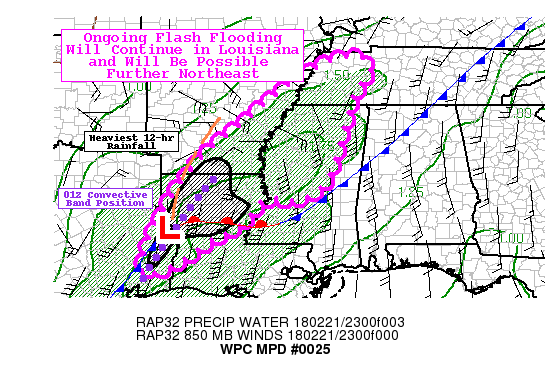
AREAS AFFECTED...NRN/CTRL LA...FAR ERN TX...NRN MS...SERN AR...WRN
TN

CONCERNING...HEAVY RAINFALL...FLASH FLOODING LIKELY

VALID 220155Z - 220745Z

SUMMARY...ONGOING FLASH FLOODING IS LIKELY TO CONTINUE IN PARTS OF
NORTHERN LOUISIANA...AND MAY WORSEN AS WAVES OF CONVECTION
CONTINUE TO PUSH OVER THAT AREA. ADDITIONAL FLASH FLOODING MAY
DEVELOP FURTHER NORTHEAST WITH RAIN RATES POSSIBLY APPROACHING 1.0
TO 1.5 IN/HR.

DISCUSSION...BASED ON THE CURRENT DISTRIBUTION OF FLASH FLOOD
WARNINGS...RECENT REPORTS...AND THE CREST HYDROLOGIC MODEL...FLASH
FLOODING IS LIKELY ONCOING IN THE NORTHERN HALF OF LOUISIANA THIS
EVENING. TRENDS IN THE CREST UNIT STREAMFLOW ANALYSIS SUGGEST THAT
THE FLOODING MAY ACTUALLY BE GETTING WORSE IN THE 0030-0200Z TIME
FRAME...PARTICULARLY WITH THE PRIMARY CONVECTIVE BAND THAT
STRETCHED FROM RUSTON LA TO JASPER TX AS OF 0145Z. THIS CONVECTIVE
BAND WAS SITUATED NEAR A WEAK SURFACE LOW AND THE NORTHWEST
PERIPHERY OF A LOW-LEVEL JET...AND HAD RELATIVELY UNDISTURBED
BROAD SOUTHERLY INFLOW WITH SURFACE DEWPOINTS IN THE 70S.
ISOTHERMAL REFLECTIVITY ANALYSIS ALOFT REVEALED LIMITED STORM
DEPTH ABOVE -15C. A LACK OF SIGNIFICANT ICE IN THE CLOUD LAYER
COMBINED WITH PRECIPITABLE WATER VALUES AROUND 1.7 INCHES (RAP
ANALYSIS AND GPS-PW MEASUREMENTS) SUGGEST THAT ANY CONVECTION IN
LOUISIANA SHOULD BE VERY EFFICIENT RAINFALL PRODUCERS. EXPECT
ONGOING FLASH FLOODING IN NRN/CTRL LOUISIANA TO CONTINUE AND
POSSIBLY WORSEN IN SOME AREAS PROVIDED TRAINING CONVECTIVE BANDS.
RADAR ESTIMATES HAVE SUGGESTED RATES AS HIGH AS 1.5 IN/HR OVER THE
PAST HOUR.

MODELS ARE THEN IN GOOD AGREEMENT THAT THE WEAK LOW OR FRONTAL
WAVE WILL LIFT QUICKLY NORTHEAST OVERNIGHT...ALONG WITH THE LLJ
SPEED MAX...AND THIS SHOULD INCREASINGLY FOCUS HEAVIER RAIN AND
PERHAPS SOME ELEVATED THUNDERSTORMS FURTHER NORTHEAST WITH TIME.
THESE AREAS HAVE RECEIVED LESS RAINFALL AS COMPARED TO NORTHERN
LOUISIANA...BUT THE POTENTIAL FOR TRAINING CONVECTION WITH RAIN
RATES UP TO 1.0 TO 1.5 IN/HR SHOULD PERSIST WITH AT LEAST SEVERAL
HUNDRED J/KG OF MUCAPE LIKELY. THE RAP PREDICTION OF 1.5 INCH
PWATS EXTENDING AS FAR NORTH AS THE KY-TN BORDER IS SIGNIFICANT AS
THIS IS OUTSIDE THE HISTORICAL OBSERVATIONS FOR NASHVILLE FOR THE
MONTH OF FEBRUARY. THE ANOMALOUSLY HIGH MOISTURE LEVELS MAY
COMPENSATE FOR RATHER MARGINAL INSTABILITY TO PRODUCE LOCALIZED
BANDS OF HEAVY RAINFALL CAPABLE OF CAUSING FLASH FLOODING.